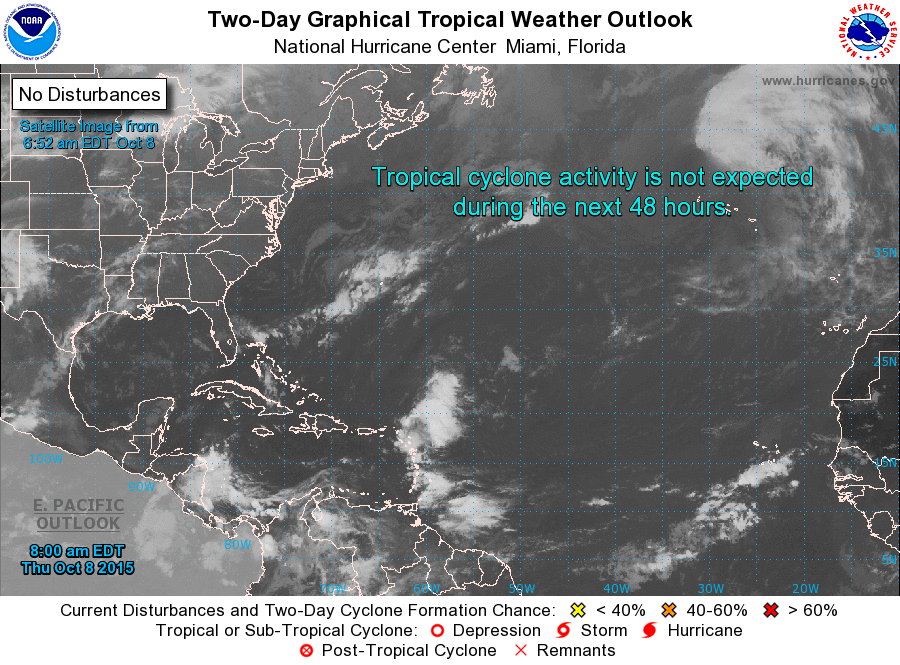
For the North Atlantic...Caribbean Sea and the Gulf of Mexico:

Tropical cyclone formation is not expected during the next 5 days.

Forecaster Blake